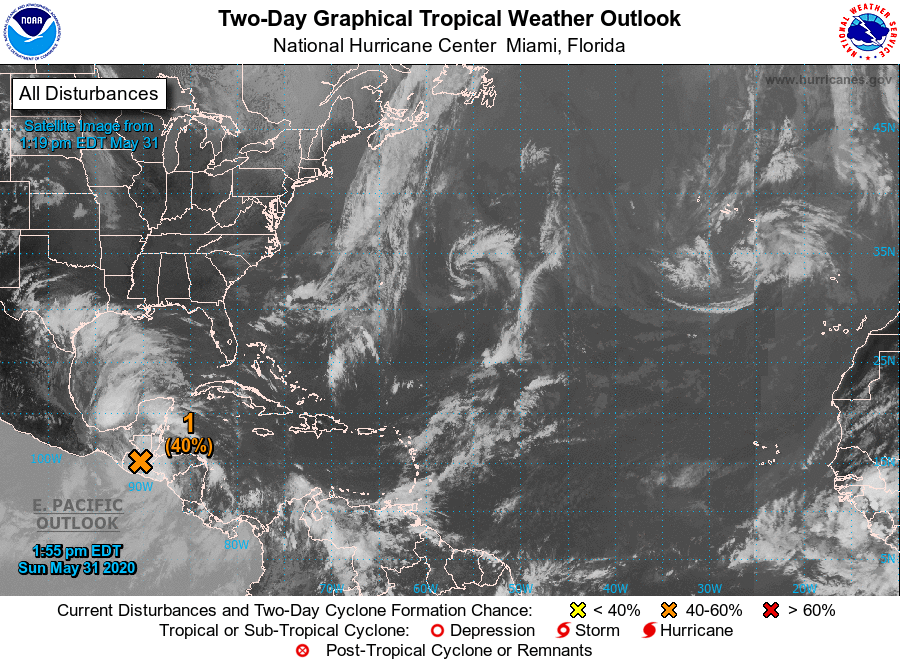
For the North Atlantic...Caribbean Sea and the Gulf of Mexico:

Special Tropical Weather Outlook issued to discuss the potential for tropical cyclone formation over the southwestern Gulf of Mexico.

1. Eastern Pacific Tropical Depression Amanda, centered inland over eastern Guatemala, is forecast weaken into a remnant low or dissipate by tonight. However, the remnants of Amanda are expected to move northwestward within a broader area of disturbed weather, and could emerge over the southeastern Bay of Campeche on Monday. If the remnants move back over water, environmental conditions appear conducive to support some development, and a new tropical depression could form while the system moves little through the middle of this week. Regardless of tropical cyclone formation, heavy rainfall is likely to continue over portions of southern Mexico, Guatemala, El Salvador, Belize, and western Honduras during the next few days. For additional information on the rainfall threat, see products from your national meteorological service. The next Special Tropical Weather Outlook will be by 9 PM EDT tonight, or earlier if necessary.
* Formation chance through 48 hours...medium...40 percent.
* Formation chance through 5 days...medium...50 percent.

Forecaster Brown/Brennan